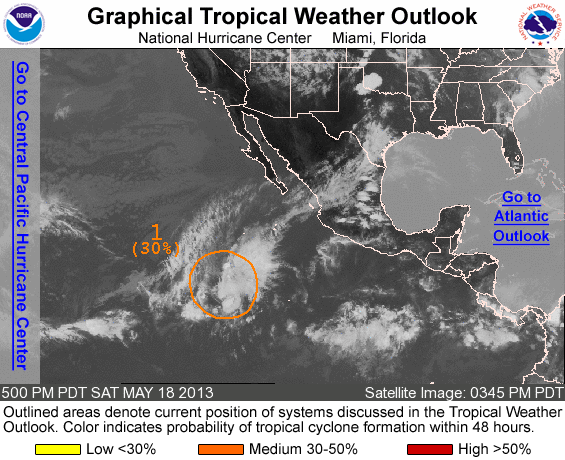
FOR THE EASTERN NORTH PACIFIC...EAST OF 140 DEGREES WEST LONGITUDE..

1. AN AREA OF LOW PRESSURE...ASSOCIATED WITH THE REMNANTS OF ALVIN...IS LOCATED ABOUT 900 MILES SOUTH-SOUTHWEST OF THE SOUTHERN TIP OF BAJA CALIFORNIA MEXICO. ALTHOUGH SATELLITE DATA INDICATE THE LOW-LEVEL CIRCULATION CONTINUES TO BE WELL-DEFINED...SHOWER AND THUNDERSTORM ACTIVITY REMAINS DISORGANIZED. ANY DEVELOPMENT OF THIS LOW IS EXPECTED TO BE LIMITED DUE TO UNFAVORABLE UPPER-LEVEL WINDS. THIS SYSTEM HAS A MEDIUM CHANCE...30 PERCENT...OF BECOMING A TROPICAL CYCLONE AGAIN DURING THE NEXT 48 HOURS AS IT MOVES WESTWARD AT 10 TO 15 MPH.

ELSEWHERE...TROPICAL CYCLONE FORMATION IS NOT EXPECTED DURING THE NEXT 48 HOURS.

FORECASTER STEWART